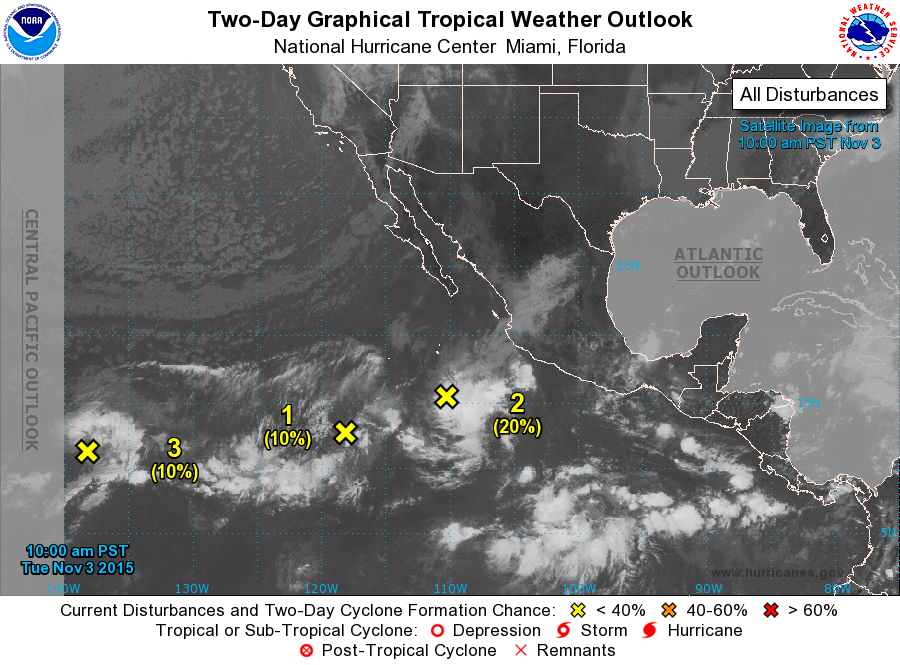
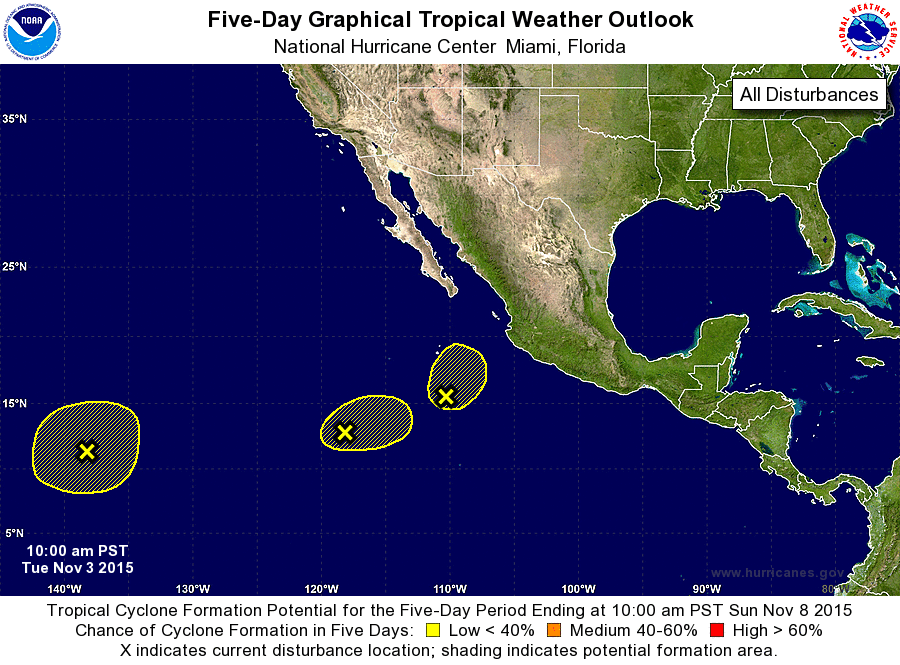
For the eastern North Pacific...east of 140 degrees west longitude:

1. Shower activity associated with a weak area of low pressure located about 950 miles southwest of the southern tip of the Baja California peninsula has diminished during the past 24 hours. Strong upper- level winds should limit development of this system while it moves slowly east-northeastward during the next couple of days.
* Formation chance through 48 hours...low...10 percent
* Formation chance through 5 days...low...10 percent

2. A second weak area of low pressure is located about 550 miles south of the southern tip of the Baja California peninsula. The associated shower activity has become more concentrated during the past several hours. However, strong upper-level winds are expected limit development while it moves northeastward or northward during the next couple of days.
* Formation chance through 48 hours...low...20 percent
* Formation chance through 5 days...low...20 percent

3. A third weak low pressure area has developed about 2000 miles west-southwest of the southern tip of the Baja California peninsula. Development of this system, if any, is expected to be slow as it moves slowly westward during the next couple of days.
* Formation chance through 48 hours...low...10 percent
* Formation chance through 5 days...low...10 percent

Forecaster Beven